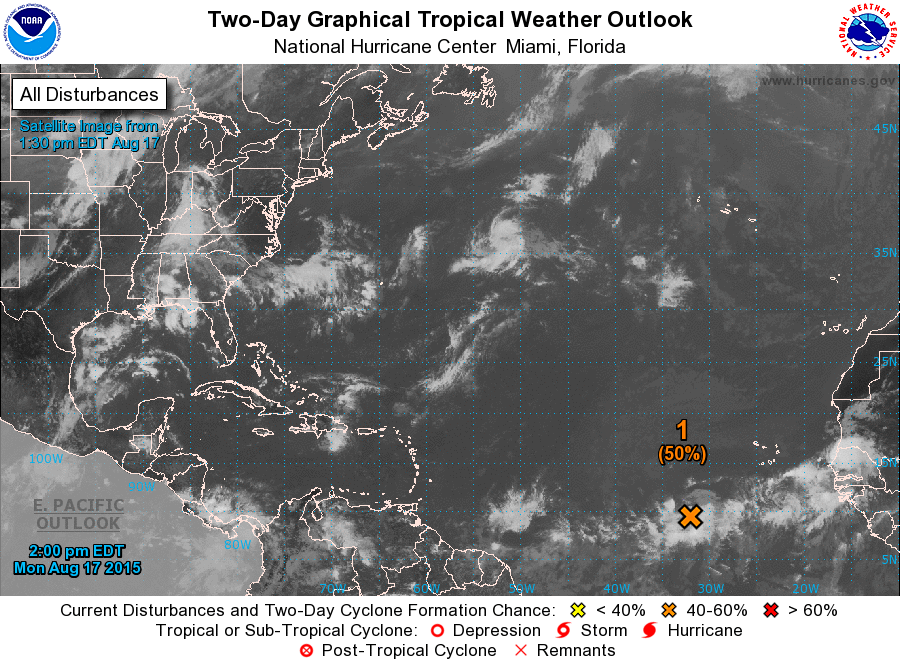
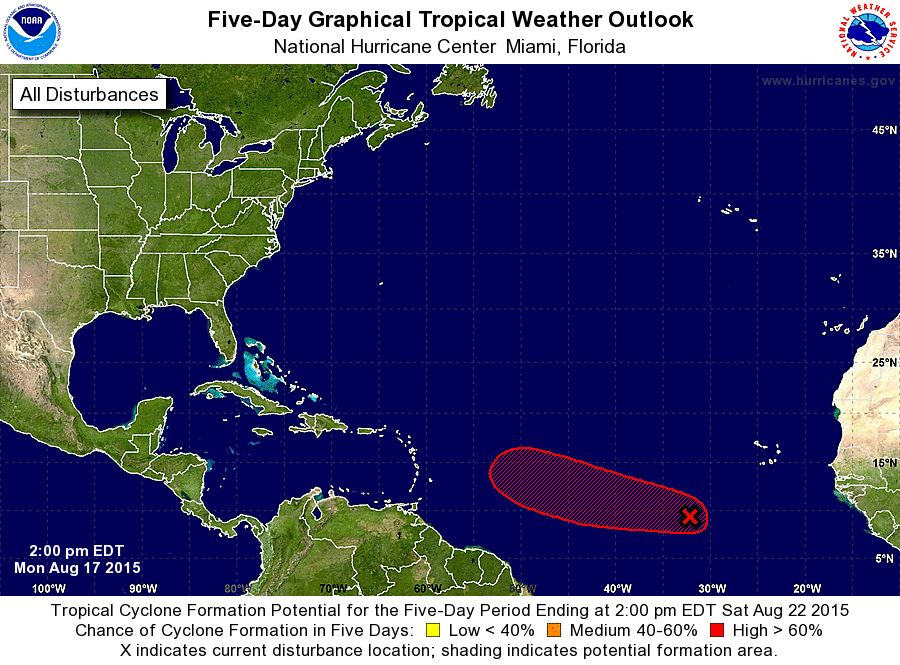
For the North Atlantic...Caribbean Sea and the Gulf of Mexico:

1. Shower and thunderstorm activity associated with an area of low pressure located several hundred miles southwest of the Cape Verde Islands continues to show signs of organization. Environmental conditions appear conducive for development over the next several days, and a tropical depression will likely form by the middle of the week while the system moves westward or west-northwestward near 15 mph.
* Formation chance through 48 hours...medium...50 percent
* Formation chance through 5 days...high...70 percent

Forecaster Stewart